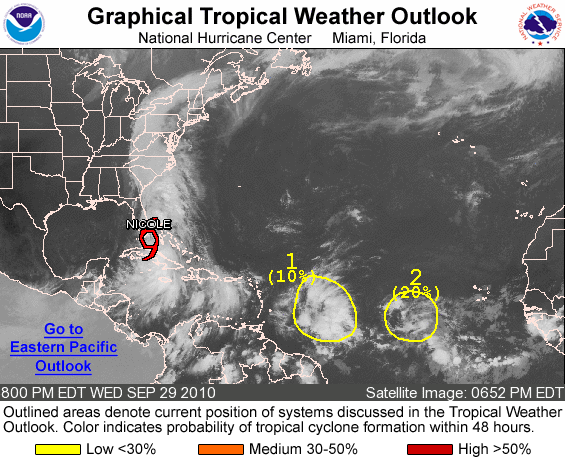
FOR THE NORTH ATLANTIC...CARIBBEAN SEA AND THE GULF OF MEXICO...

THE NATIONAL HURRICANE CENTER HAS ISSUED THE FINAL ADVISORY ON TROPICAL STORM NICOLE...LOCATED ABOUT 90 MILES SOUTH OF MIAMI FLORIDA.

1. A TROPICAL WAVE OVER THE CENTRAL ATLANTIC LOCATED ABOUT 650 MILES EAST OF THE WINDWARD ISLANDS IS PRODUCING DISORGANIZED SHOWERS AND THUNDERSTORMS. UPPER-LEVEL WINDS ARE EXPECTED TO BECOME LESS FAVORABLE FOR DEVELOPMENT AS THE SYSTEM MOVES TO THE WEST-NORTHWEST AT 15 TO 20 MPH. THERE IS A LOW CHANCE...10 PERCENT...OF THIS SYSTEM BECOMING A TROPICAL CYCLONE DURING THE NEXT 48 HOURS.

2. A TROPICAL WAVE IN THE EAST-CENTRAL TROPICAL ATLANTIC ABOUT 850 MILES WEST-SOUTHWEST OF THE CAPE VERDE ISLANDS IS PRODUCING DISORGANIZED SHOWER AND THUNDERSTORM ACTIVITY. CONDITIONS APPEAR CONDUCIVE FOR SLOW DEVELOPMENT OF THIS SYSTEM DURING THE NEXT COUPLE OF DAYS AS IT MOVES TO THE WEST AT 15 TO 20 MPH. THERE IS A LOW CHANCE...20 PERCENT...OF THIS SYSTEM BECOMING A TROPICAL CYCLONE DURING THE NEXT 48 HOURS.

ELSEWHERE...TROPICAL CYCLONE FORMATION IS NOT EXPECTED DURING THE NEXT 48 HOURS.

FORECASTER BEVEN